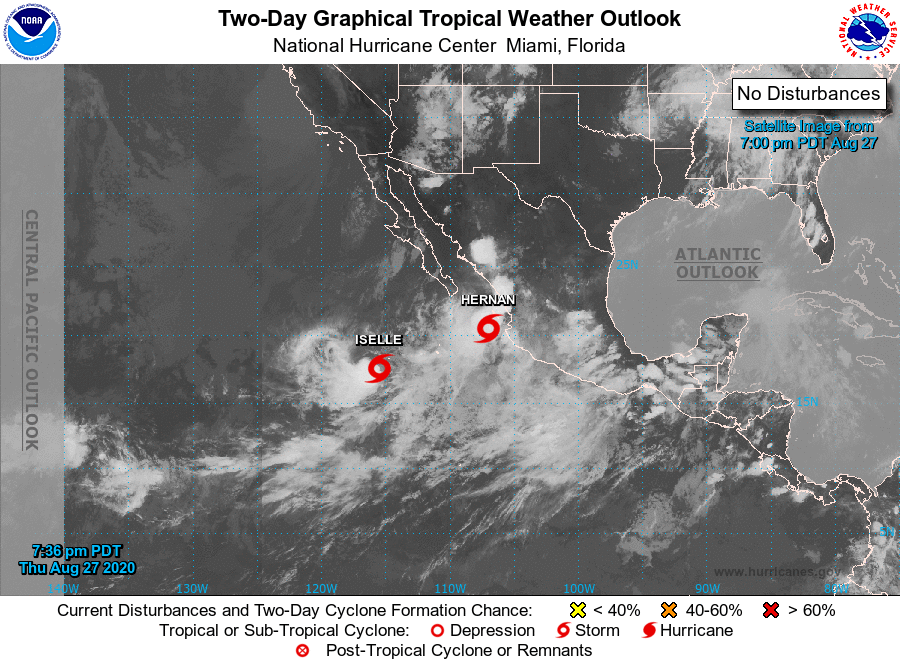
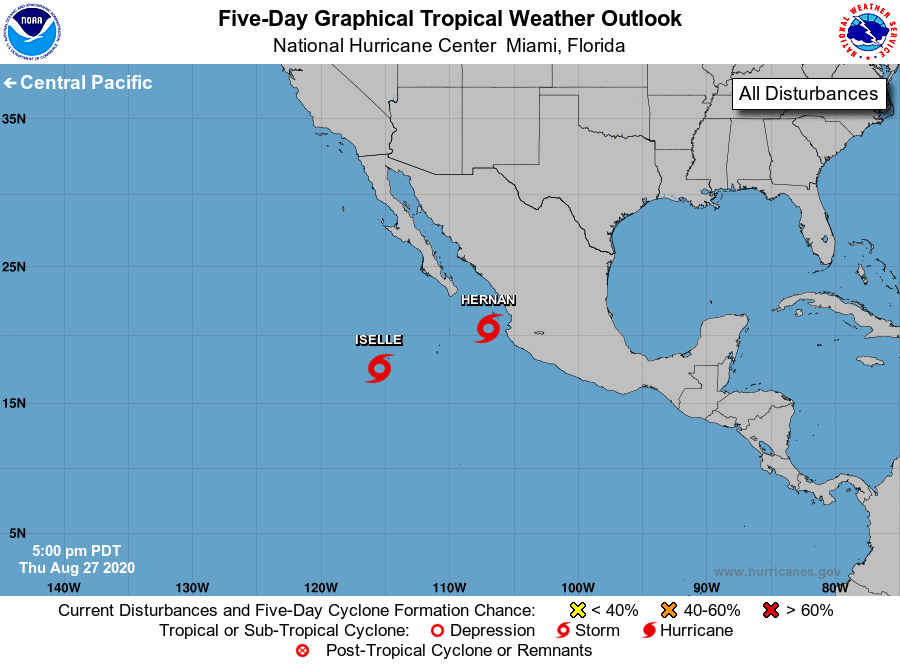
For the eastern North Pacific...east of 140 degrees west longitude:

The National Hurricane Center is issuing advisories on Tropical Storm Hernan, located about 75 miles southwest of Cabo Corrientes, Mexico, and also on Tropical Storm Iselle, located several hundred miles southwest of the southern tip of the Baja California peninsula.

Tropical cyclone formation is not expected during the next 5 days.

Forecaster Beven